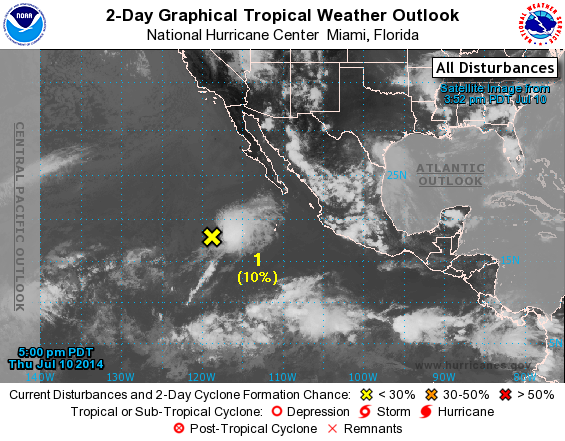
For the eastern North Pacific...east of 140 degrees west longitude:

1. Cloudiness and showers associated with a broad area of low pressure located several hundred miles southwest of the southern tip of the Baja California Peninsula are disorganized. Unfavorable upper-level winds have become established over the system and tropical cyclone formation is not anticipated.
* Formation chance through 48 hours...low...10 percent.
* Formation chance through 5 days...low...10 percent.

Forecaster Avila